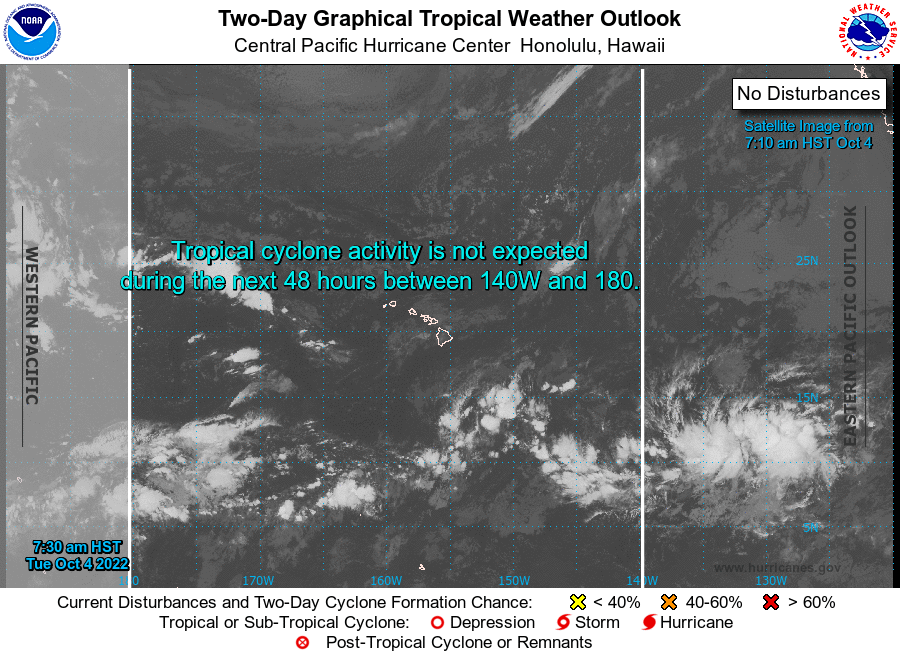
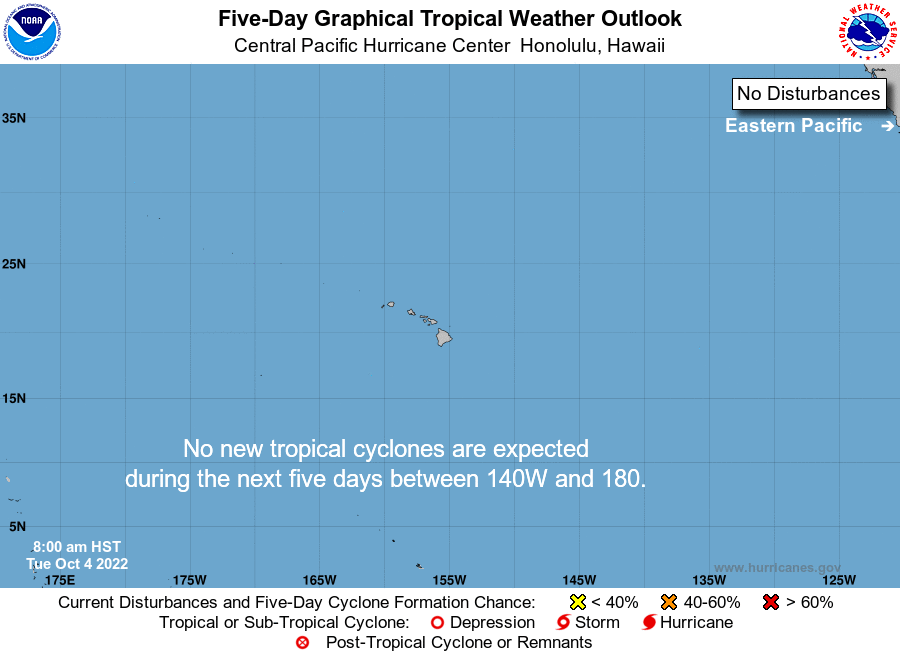
For the central North Pacific...between 140W and 180W:

No tropical cyclones are expected during the next 5 days.

Forecaster Burke